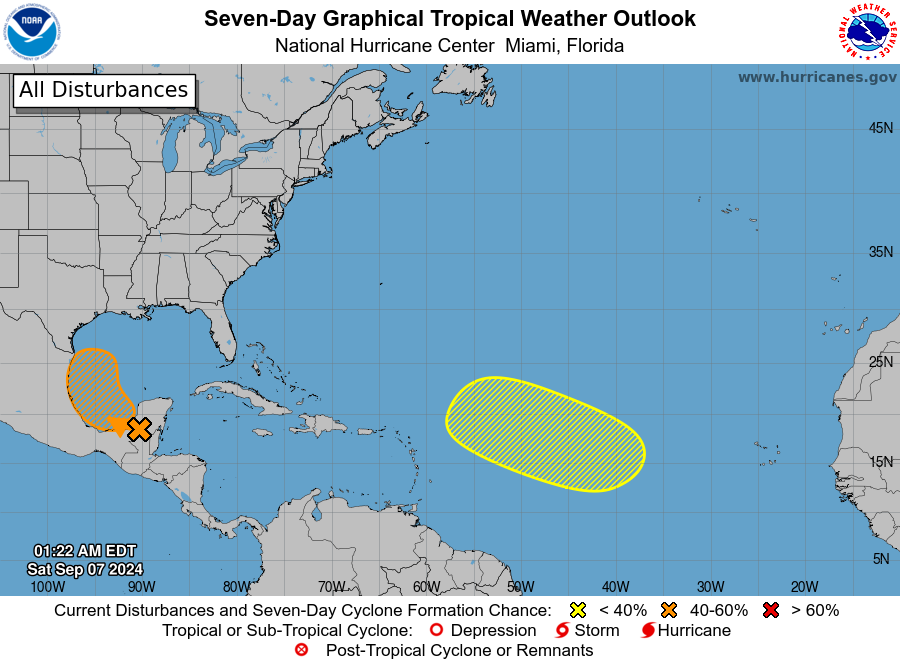
For the North Atlantic...Caribbean Sea and the Gulf of Mexico:

1. Southwestern Gulf of Mexico: A tropical wave over the Yucatan Peninsula of Mexico is producing disorganized showers and thunderstorms over Guatemala, southeastern Mexico, and the adjacent waters of the southwestern Gulf of Mexico. The wave is expected to move over the Bay of Campeche later today, and an area of low pressure is forecast to develop while interacting with a frontal boundary. Environmental conditions are forecast to be conducive for development, and a tropical depression could form during the early or middle part of next week while the system moves slowly northwestward over the southwestern Gulf of Mexico.
* Formation chance through 48 hours...medium...40 percent.
* Formation chance through 7 days...medium...60 percent.

2. Eastern and Central Tropical Atlantic: An elongated trough of low pressure over the eastern and central tropical Atlantic is producing a broad area of shower and thunderstorm activity. A more well-defined area of low pressure may form within this region during the next few days. Some slow development of this system is possible while the disturbance meanders through the early part of next week, then begins to move west-northwestward across the central tropical Atlantic during the middle to latter part of next week.
* Formation chance through 48 hours...low...near 0 percent.
* Formation chance through 7 days...low...30 percent.

Forecaster Reinhart